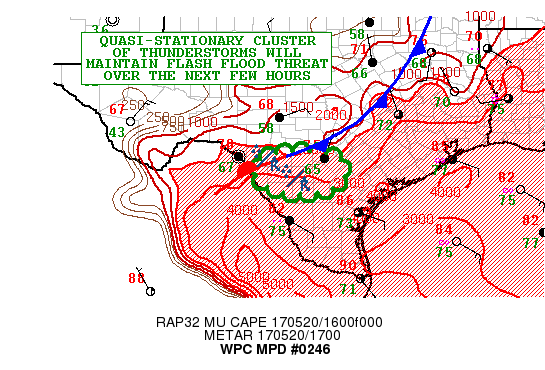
AREAS AFFECTED...SOUTH-CENTRAL TEXAS

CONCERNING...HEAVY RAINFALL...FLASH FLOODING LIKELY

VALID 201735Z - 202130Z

SUMMARY...ADDITIONAL REPEATING SHOWERS AND THUNDERSTORMS WITH VERY
HEAVY RAINFALL IS EXPECTED OVER THE NEXT FEW HOURS. FLASH FLOODING
IS LIKELY.

DISCUSSION...SATELLITE IMAGERY SHOWS A RELATIVELY COMPACT BUT VERY
PERSISTENT CLUSTER OF VERY COLD-TOPPED THUNDERSTORMS WITHIN ABOUT
50 MILES WEST-SOUTHWEST OF SAN ANTONIO TX...INVOLVING ESPECIALLY
UVALDE...MEDINA...ZAVALA AND FRIO COUNTIES OF SOUTH-CENTRAL TX.
THE CLUSTER OF THUNDERSTORMS OVER THE LAST COUPLE OF HOURS HAS
BEEN TENDING TO REPEAT OVER THE SAME AREA AS STRONGER LOW LEVEL
CONVERGENCE ALONG THE TAIL END OF THE FRONT COINCIDES WITH A NOSE
OF VERY MOIST AND UNSTABLE AIR POOLING NORTH UP ACROSS SOUTH
TEXAS. ALSO THERE APPEARS TO BE AT LEAST SOME MODEST UPPER JET
SUPPORT OVER THE AREA AS SEEN WITH THE DIFFLUENT HIGH LEVEL CLOUD
STRUCTURE AND WITH THE LATEST RAP ANALYSIS SHOWING A WEAK JET MAX
CROSSING THE REGION.

THE LATEST HRRR AND HRRRX GUIDANCE STRONGLY SUPPORTS THIS ACTIVITY
TENDING TO REMAIN IN PLACE OVER THE NEXT FEW HOURS WITH SOME
GRADUAL ADVANCE OFF TO THE EAST OR SOUTHEAST EXPECTED AS A
GRADUALLY EXPANDING CONVECTIVE COLD POOL DRIVES INTO THE VERY
MOIST/UNSTABLE LOW LEVEL SOUTHEAST FLOW ACROSS THE REGION.
HOWEVER...CELL REGENERATION OVER THE COLD POOL APPEARS LIKELY.
ADDITIONAL RAINFALL AMOUNTS OF 4 TO 6 INCHES WILL BE POSSIBLE
WHERE THESE CELLS REMAIN ANCHORED OVER THE NEXT FEW HOURS...AND
THE SAN ANTONIO METROPOLITAN AREA WILL NEED TO MONITOR THE
PROGRESS OF THESE CELLS GIVEN THEIR PROLIFIC RAINFALL RATES OF
OVER 2.5 INCHES/HR AS PER RADAR ESTIMATES. FLASH FLOODING WILL BE
LIKELY WHERE THESE CELLS CONTINUE TO CONSOLIDATE.